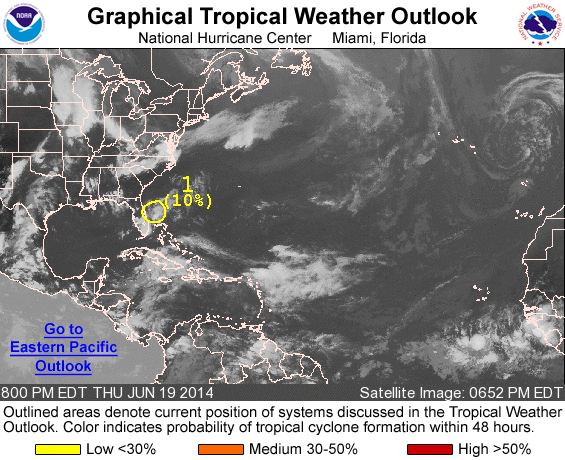
For the North Atlantic...Caribbean Sea and the Gulf of Mexico:

2. A weak low pressure area located about 75 miles east of the east-central coast of Florida is producing disorganized showers and thunderstorms. Significant development of this system is not expected while it drifts slowly northward during the next day or so. After that time, conditions should remain unfavorable for development while the disturbance accelerates northeastward.
* Formation chance through 48 hours...low...near 10 percent.
* Formation chance through 5 days...low...near 10 percent.

Forecaster Pasch